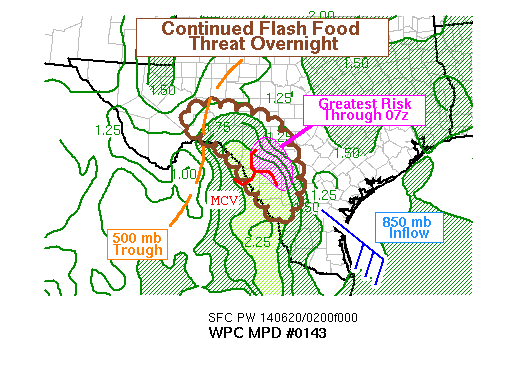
AREAS AFFECTED...FAR S TX...SW TX

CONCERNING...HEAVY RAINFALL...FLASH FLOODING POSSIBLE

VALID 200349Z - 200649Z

SUMMARY...A SHORT TERM FLASH FLOOD RISK EXISTS AT LEAST THROUGH
07Z...AND POSSIBLY BEYOND IF CONVECTION CAN REMAIN ORGANIZED
AROUND A SMALL CIRCULATION NEAR UVALDE.

DISCUSSION...AT 0330Z ONGOING THUNDERSTORMS WERE TIED TO A
MESOSCALE VORTEX NEARING UVALDE TX. CONVECTION FARTHER SOUTH HAD
BEEN ENHANCED BY THE AFTERNOON SEA BREEZE...AND IS LESS LIKELY TO
PERSIST INTO THE NIGHT. A NUMBER OF FORECAST MODELS INDICATE HEAVY
RAIN IN THIS REGION OVERNIGHT...BUT SIMULATED REFLECTIVITY FROM
THE HIRES MODELS SUGGESTS LOOSE ORGANIZATION...AND EVENTUAL
MIGRATION NORTHWESTWARD. THE HRRR HAD CAPTURED THE VERY ORGANIZED
NATURE OF THE EVENT IN MEXICO LAST NIGHT...BUT THE MCV TONIGHT MAY
BE TOO SMALL SCALE FOR THE MODEL.

IN THE NEAR TERM...KDFX REFLECTIVITY WAS SUFFERING SOME
ATTENUATION GIVEN HEAVY RAIN AT THE DOME...BUT DID INDICATE A
MARKED INCREASE OF CONVERGENCE ON THE SOUTHEAST FLANK OF THE MCV
PER VELOCITY DATA. THE CONCERN IS THAT ENHANCED LOW LEVEL INFLOW
WILL SUSTAIN CONVECTION THAT OTHERWISE HAS LITTLE SYNOPTIC
SUPPORT...AND THAT...SIMILAR TO LAST NIGHT IN MEXICO...THE NAM/GFS
FORECAST BACKWARD PROPAGATING CORFIDI VECTORS TO BECOME DIRECTLY
OPPOSED TO MEAN CELL MOTIONS...FROM THE NW VERSUS SE...WHILE
FORWARD PROPAGATION DROPS TO NEAR ZERO. SMALL SCALE BUT INTENSE
RAINFALL IN THE 2-3 INCH/HR RANGE COULD OCCUR AT THE MCV IN THIS
SCENARIO. IN A WORST CASE...WITH LITTLE MOVEMENT THIS PROCESS
COULD PRODUCE A VERY LARGE AMOUNT OF RAIN LOCALLY.

WITH TIME...SYNOPTIC LIFT AND 850 MB THETA-E TRANSPORT WILL
DEVELOP NORTHWESTWARD...AND THE MODELS INITIATE ADDITIONAL AREAS
OF HEAVY RAIN. THE MORE FOCUSED FLASH FLOOD RISK...HOWEVER...IS
NEAR THE ORIGINAL MCV OR ANY SUBSEQUENT ONES THAT WOULD TAKE TIME
TO GROW.